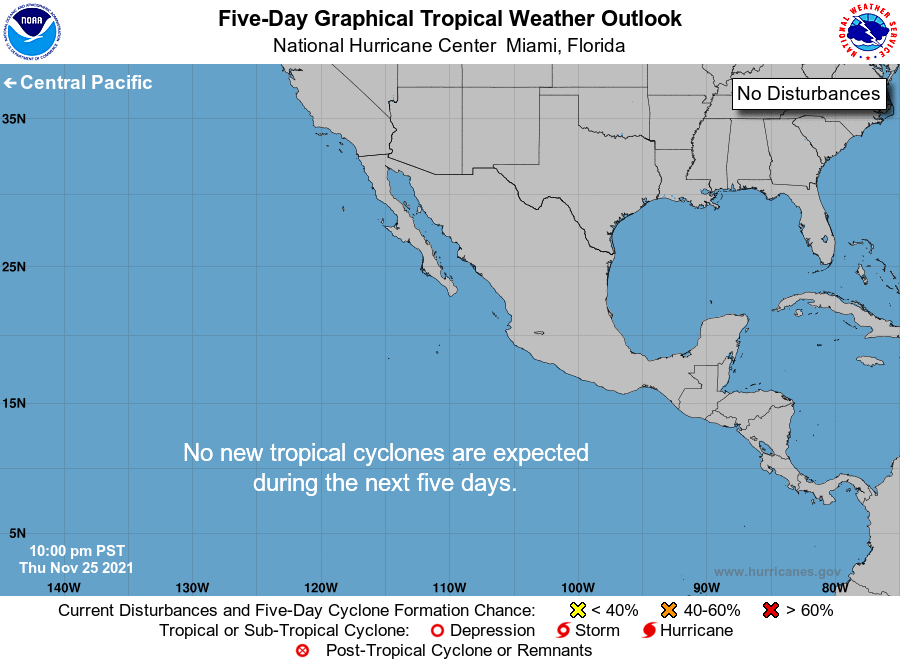
For the eastern North Pacific...east of 140 degrees west longitude:

Tropical cyclone formation is not expected during the next 5 days.

Forecaster Cangialosi